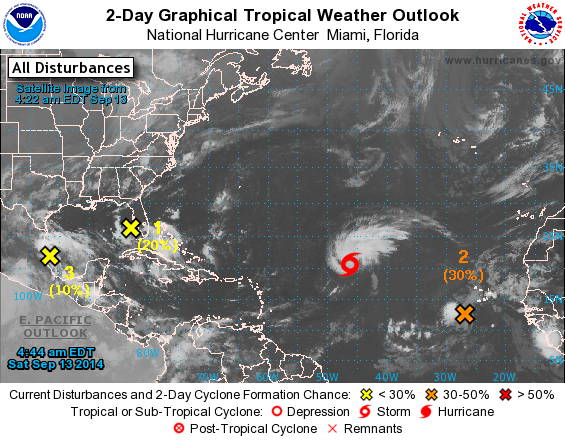
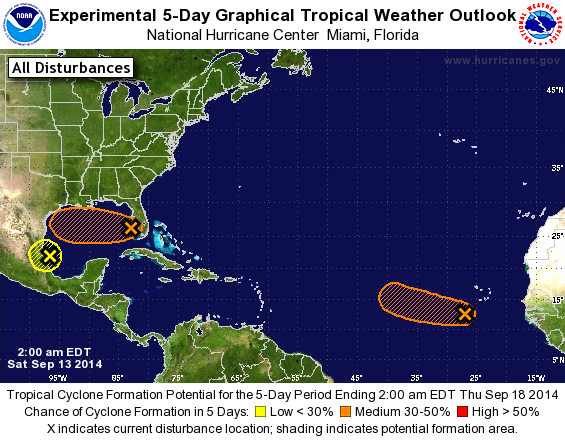
For the North Atlantic...Caribbean Sea and the Gulf of Mexico:

The National Hurricane Center is issuing advisories on Tropical Storm Edouard, located about 1200 miles east of the northern Leeward Islands.

1. Shower and thunderstorm activity associated with a broad area of low pressure centered over the southeastern Gulf of Mexico about 90 miles west of Naples, Florida, remains poorly organized. Upper-level winds appear unfavorable for significant development as the system moves generally westward during the next few days. Nevertheless, this system will continue to be closely monitored, and an Air Force Reserve Hurricane Hunter aircraft is scheduled to investigate the low later today, if necessary. Locally heavy rains associated with the low will continue over portions of southern Florida and the Florida Keys through today.
* Formation chance through 48 hours...low...20 percent.
* Formation chance through 5 days...medium...30 percent.

2. Shower and thunderstorm activity associated with a tropical wave located southwest of the Cape Verde Islands continues to show signs of organization. Some development of this system is possible during the next day or so before it moves westward or west-northwestward at around 10 mph into an area unfavorable for development.
* Formation chance through 48 hours...medium...30 percent.
* Formation chance through 5 days...medium...30 percent.

3. Shower and thunderstorm activity associated with a tropical wave over the southwestern Gulf of Mexico has changed little in organization during the past few hours. However, surface pressures are low in this area, and some development could occur before the system moves into eastern Mexico later today. Regardless of development, locally heavy rains and gusty winds are likely to spread over portions of eastern Mexico today.
* Formation chance through 48 hours...low...10 percent.
* Formation chance through 5 days...low...10 percent.

Forecaster Brennan